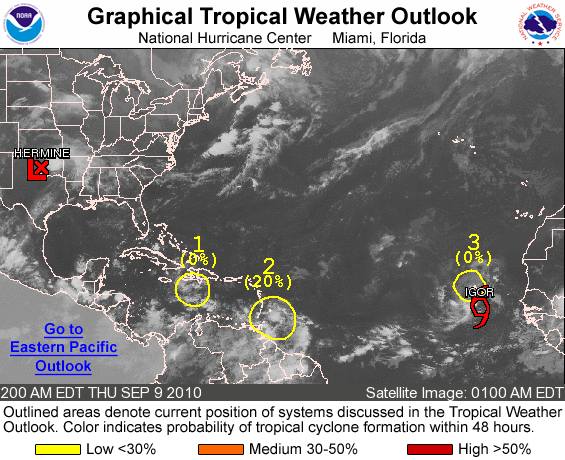
FOR THE NORTH ATLANTIC...CARIBBEAN SEA AND THE GULF OF MEXICO...

THE NATIONAL HURRICANE CENTER IS ISSUING ADVISORIES ON TROPICAL STORM IGOR...LOCATED ABOUT 70 MILES SOUTH-SOUTHWEST OF THE CAPE VERDE ISLANDS.

THE HYDROMETEOROLOGICAL PREDICTION CENTER IS ISSUING PUBLIC ADVISORIES ON TROPICAL DEPRESSION HERMINE...CURRENTLY LOCATED INLAND ABOUT 40 MILES SOUTH-SOUTHWEST OF OKLAHOMA CITY OKLAHOMA.

1. DISORGANIZED SHOWERS AND THUNDERSTORMS SOUTH OF HISPANIOLA ARE ASSOCIATED WITH THE REMNANTS OF TROPICAL STORM GASTON. THIS SYSTEM IS EXPECTED TO MOVE WESTWARD AT 10 TO 15 MPH WITH NO DEVELOPMENT. THERE IS A LOW CHANCE...NEAR 0 PERCENT...OF THIS SYSTEM BECOMING A TROPICAL CYCLONE AGAIN DURING THE NEXT 48 HOURS.

2. AN AREA OF SHOWERS AND THUNDERSTORMS IN THE VICINITY OF THE WINDWARD ISLANDS ARE ASSOCIATED WITH A WEAK LOW PRESSURE SYSTEM. ENVIRONMENTAL CONDITIONS APPEAR TO BE CONDUCIVE FOR SOME SLOW DEVELOPMENT AS THE LOW MOVES SLOWLY WESTWARD. THERE IS A LOW CHANCE...20 PERCENT...OF THIS SYSTEM BECOMING A TROPICAL CYCLONE DURING THE NEXT 48 HOURS.

3. SHOWER ACTIVITY ASSOCIATED WITH A WEAK LOW PRESSURE SYSTEM LOCATED NEAR THE WESTERNMOST CAPE HAS WEAKENED. THIS LOW IS EXPECTED BECOME ABSORBED BY TROPICAL STORM IGOR LATER TODAY. THERE IS A LOW CHANCE...NEAR 0 PERCENT...OF THIS SYSTEM BECOMING A TROPICAL CYCLONE DURING THE NEXT 48 HOURS.

ELSEWHERE...TROPICAL CYCLONE FORMATION IS NOT EXPECTED DURING THE NEXT 48 HOURS.

PUBLIC ADVISORIES ON IGOR ARE ISSUED UNDER WMO HEADER WTNT31 KNHC AND UNDER AWIPS HEADER MIATCPAT1. FORECAST/ADVISORIES ON IGOR ARE ISSUED UNDER WMO HEADER WTNT21 KNHC AND UNDER AWIPS HEADER MIATCMAT1.

FORECASTER AVILA